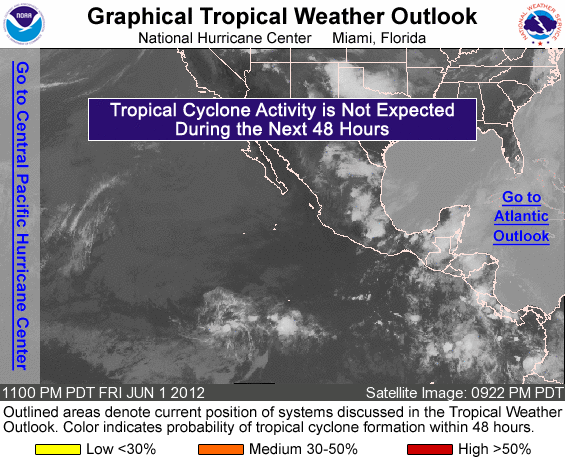
FOR THE EASTERN NORTH PACIFIC...EAST OF 140 DEGREES WEST LONGITUDE..

TROPICAL CYCLONE FORMATION IS NOT EXPECTED DURING THE NEXT 48 HOURS.

FORECASTER BRENNAN